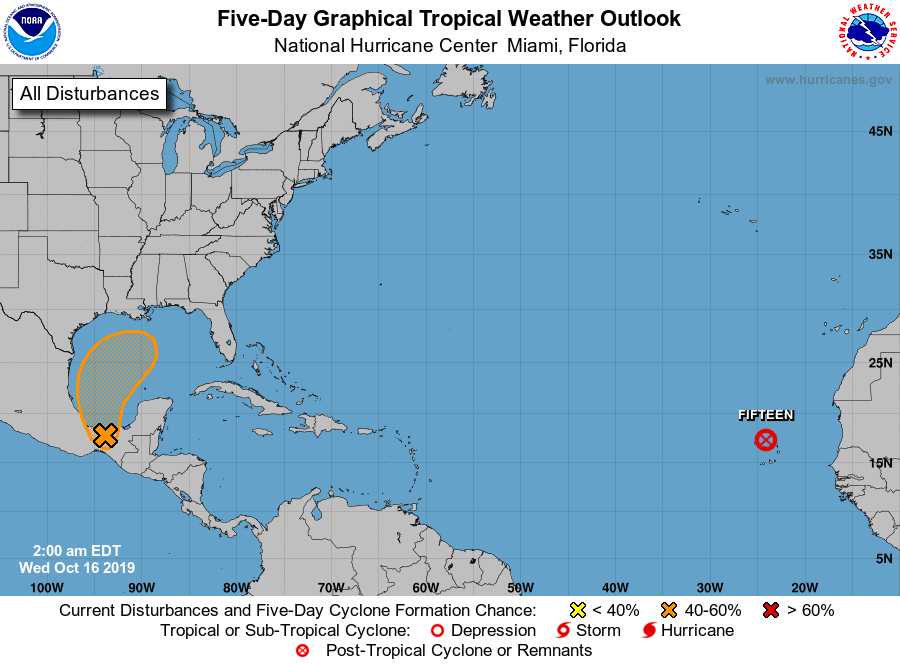
For the North Atlantic...Caribbean Sea and the Gulf of Mexico:

The National Hurricane Center is issuing advisories on Tropical Depression Fifteen, located near the northern Cabo Verde Islands.

1. A trough of low pressure located over southern Mexico and the Bay of Campeche is producing disorganized showers and thunderstorms. The system is forecast to emerge over the Bay of Campeche later today and move slowly northward. Gradual development is possible, and a tropical or subtropical cyclone could form late this week over the western or central Gulf of Mexico while the system is moving generally northeastward.
* Formation chance through 48 hours...low...20 percent.
* Formation chance through 5 days...medium...40 percent.

Forecaster Blake